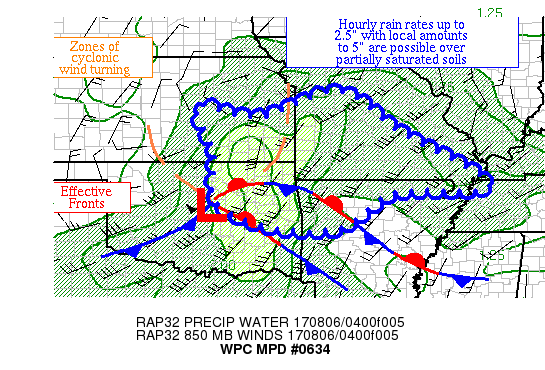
AREAS AFFECTED...SOUTHERN MO, SOUTHEAST KS, NORTHEAST OK &
VICINITY

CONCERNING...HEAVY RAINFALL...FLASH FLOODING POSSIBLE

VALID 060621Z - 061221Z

SUMMARY...SHOWERS AND THUNDERSTORMS ARE FALLING OVER SATURATING
SOILS ACROSS MO, KS, AND OK.  HOURLY RAIN RATES UP TO 2.5" WITH
LOCAL AMOUNTS TO 5" ARE EXPECTED.

DISCUSSION...THE WARM ADVECTION PATTERN AHEAD OF A MESOSCALE WAVE
ACROSS NORTHERN OK AND ITS INVERTED TROUGH ARE ACTING AS THE FOCUS
FOR CONVECTION ACROSS THE REGION, WITH ACTIVITY IN KS/OK CLOSER TO
THE SURFACE BOUNDARY AND MO ACTIVITY ELEVATED, RELATIVELY CLOSE TO
THE 925 HPA SURFACE.  A MESOCYCLONE ON RADAR IMAGERY IS LOCATED
NORTH OF TULSA OK AND MOVING EAST-SOUTHEAST AT 30 KTS.  DIVERGENCE
ALOFT IS BEING AIDED BY A SHORTWAVE MOVING THROUGH EASTERN NE.
PRECIPITABLE WATER VALUES OF ~2" LIE ACROSS THE REGION.  MU CAPE
VALUES ARE 1000-2000 J/KG REGION-WIDE.  INFLOW AT 850 HPA IS 30-50
KTS PER VAD WIND PROFILES, WHICH IS A BIT ABOVE THE MAGNITUDE OF
THE MEAN 850-400 HPA WIND WHICH IS IN THE 25-30 KT RANGE.  THIS
HAS LED TO PRECIPITATION EFFICIENCY OVERNIGHT.  EFFECTIVE BULK
SHEAR IS IN THE 40-50 KT RANGE.

WHILE THERE HAS BEEN PULSING IN THE CLOUD TOP TEMPERATURES ACROSS
NORTHEAST OK, CLOUD TOPS HAVE BEEN STEADILY WARMING ACROSS MO,
WHICH HAS CORRESPONDED TO RAINFALL MAGNITUDES BEING ON THE WANE.
OVERALL, IT APPEARS THE HEAVY RAIN EVENT HAS PEAKED IN MAGNITUDE
IN MO.  HOWEVER, SOILS ACROSS PORTIONS OF EASTERN KS, NORTHEAST
OK, AND WESTERN/CENTRAL MO HAVE BEEN AT LEAST PARTIALLY SATURATED
BY A BROAD AREA OF 3-13" OF RAIN SO FAR PER RADAR ESTIMATES.  THE
MESOSCALE GUIDANCE THAT APPEARS TO BE PERFORMING BEST AT THE
MOMENT ARE THE 00Z GFS, 03Z HRRR, 00Z WRF NSSL, AND THE 18Z
EXPERIMENTAL HRRR.  THERE IS A GENERAL SIGNAL FOR LOCAL AMOUNTS UP
TO 5", THOUGH CONSIDERING INCREASED FORWARD PROPAGATION ACROSS OK
AND MO AS OF LATE THIS COULD BE HIGH.  HOURLY RAIN RATES ARE
EXPECTED TO CONTINUE TO BE UP TO 2.5" CONSIDERING THE AVAILABLE
INFLOW AND INSTABILITY WHERE MESOCYCLONES ARE PRESENT AND WHERE
TRAINING CAN OCCUR.  WITH WINDS VEERING WITH TIME, FORWARD
PROPAGATION COULD INCREASE, WHICH LOWERS THE APPARENT FLASH FLOOD
THREAT TO POSSIBLE.